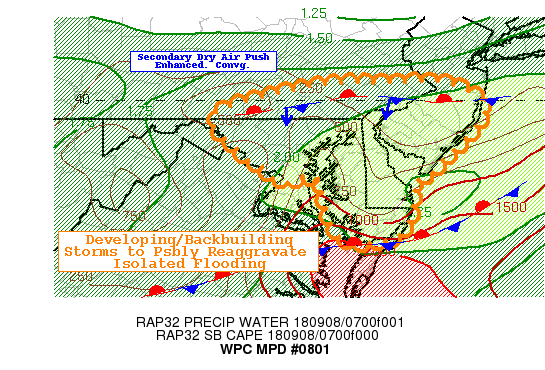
Areas affected...Southeast PA...Central and Eastern
MD...DE...DC...Southern NJ

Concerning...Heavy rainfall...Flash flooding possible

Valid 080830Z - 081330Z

SUMMARY...Shallow but moisture rich slow moving
showers/thunderstorms may reaggravate flooding in areas that
received flooding rains last night.

DISCUSSION...Surface analysis and regional RADAR suite depict a
secondary push of northerly winds north of the main front across
SE PA into Central NJ.   Cells are very shallow with IR tops
warmer than -20C but surface Tds in the upper 70s and total PWATs
still in the 2" range still will support warm cloud rain processes
for efficient rates.  A weak subtle shortwave/speed max is helping
to initiate the weak convection but as it passes should aid in
strengthening drier air push from the north to further invigorate
these showers with some potential increased vertical growth.  RAP
analysis indicates a ribbon of enhanced instability from S PA with
SBCAPEs up to 1000 J/kg increasing to 2500 J/kg over the central
Delmarva, south of the main front and with strengthened mid-level
flow, upstream redevelopment may support some repeat tracks, or
even hung up cells along the eastern coast of the Chesapeake Bay
or Delaware River (sfc frictional convergence enhancement).
Allowing for increased localized totals much like the cells that
move through the Bay and Kent/Queen Anne's county recently.
These cells alone would not induce flash flooding, but as the line
moves south will track through areas that are saturated with last
evening's heavy rains, especially in the DC and Philadelphia Metro
areas.   It is this repeat nature that makes flash flooding
possible over the next few hours within the area of concern.